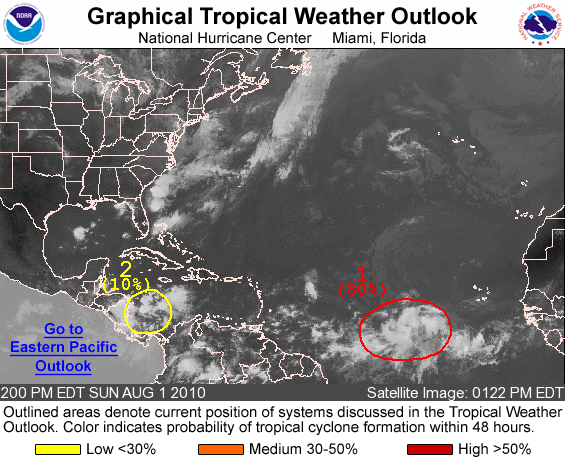
FOR THE NORTH ATLANTIC...CARIBBEAN SEA AND THE GULF OF MEXICO...

1. A LARGE LOW PRESSURE SYSTEM CENTERED ABOUT 875 MILES WEST-SOUTHWEST OF THE CAPE VERDE ISLANDS IS MOVING WESTWARD TO WEST-NORTHWESTWARD AT 5 TO 10 MPH. SHOWER AND THUNDERSTORM ACTIVITY IS GRADUALLY BECOMING BETTER ORGANIZED AND A TROPICAL DEPRESSION MAY BE FORMING. IF THIS CURRENT DEVELOPMENT TREND CONTINUES...THEN ADVISORIES ON THIS DISTURBANCE COULD BE INITIATED AS EARLY AS THIS AFTERNOON OR EVENING. THERE IS A HIGH CHANCE...80 PERCENT...OF TROPICAL CYCLONE FORMATION DURING THE NEXT 48 HOURS.

2. A WESTWARD-MOVING TROPICAL WAVE IS PRODUCING DISORGANIZED SHOWERS AND THUNDERSTORMS OVER THE SOUTHWESTERN CARIBBEAN SEA AND ADJACENT LAND AREAS OF CENTRAL AMERICA. UPPER-LEVEL WINDS REMAIN UNFAVORABLE FOR ANY SIGNIFICANT DEVELOPMENT TO OCCUR BEFORE THE DISTURBANCE MOVES ACROSS NICARAGUA AND HONDURAS IN THE NEXT DAY OR SO. THERE IS A LOW CHANCE...10 PERCENT...OF THIS SYSTEM BECOMING A TROPICAL CYCLONE DURING THE NEXT 48 HOURS.

ELSEWHERE...TROPICAL CYCLONE FORMATION IS NOT EXPECTED DURING THE NEXT 48 HOURS.

FORECASTER STEWART/KIMBERLAIN